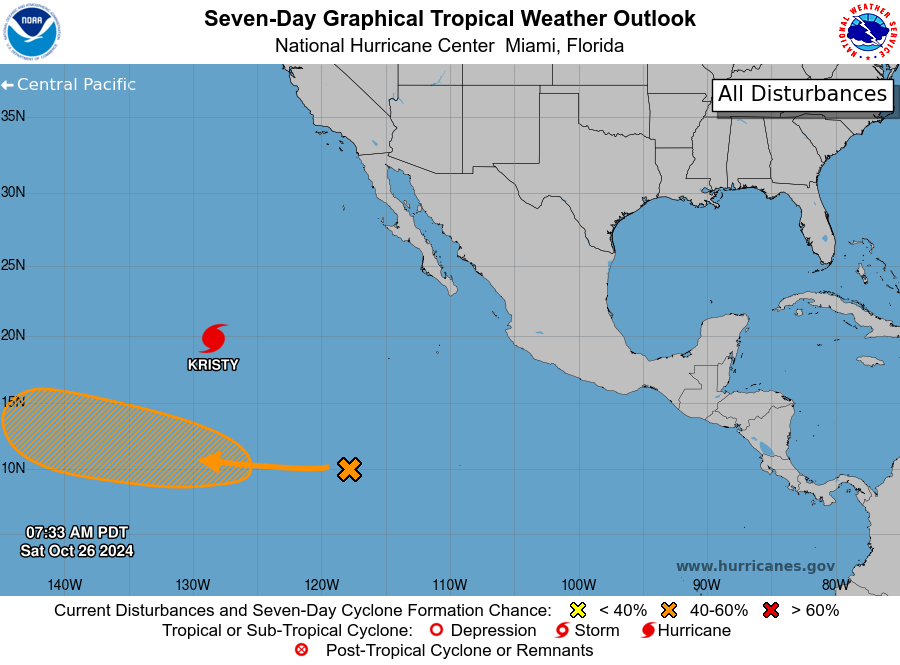
For the eastern North Pacific...east of 140 degrees west longitude:

Active Systems: The National Hurricane Center is issuing advisories on Hurricane Kristy, located over the western portion of the eastern Pacific basin.

1. Western East Pacific: A large area of showers and thunderstorms is currently located well to the southwest of the southwestern tip of the Baja California peninsula. Environmental conditions appear conducive for gradual development, and a tropical depression could form by the middle of next week while the system moves westward or west-northwestward at about 15 mph. This system is expected to move into the central Pacific basin on Wednesday or Thursday.
* Formation chance through 48 hours...low...near 0 percent.
* Formation chance through 7 days...medium...50 percent.

Forecaster Kelly